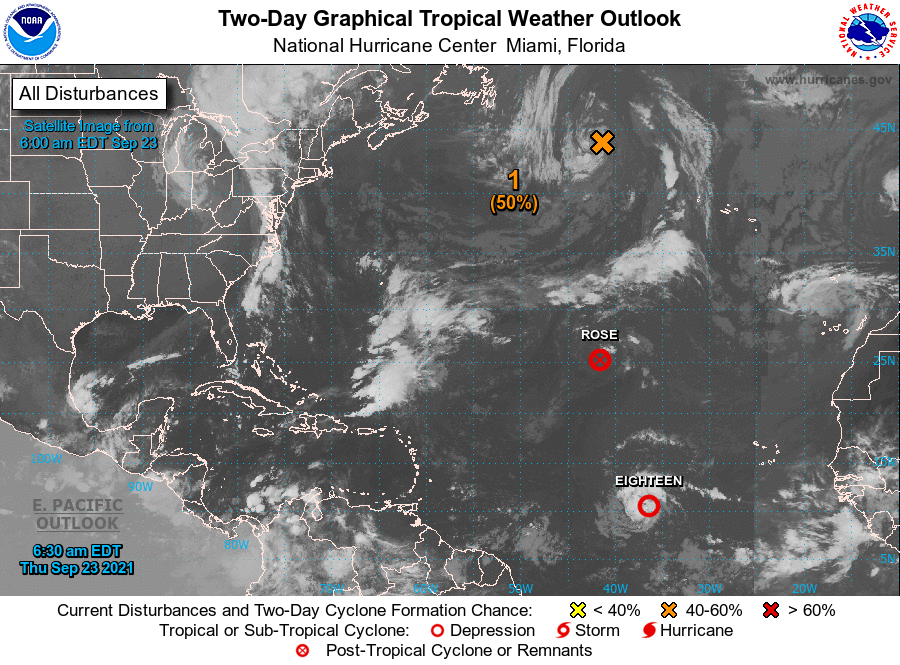
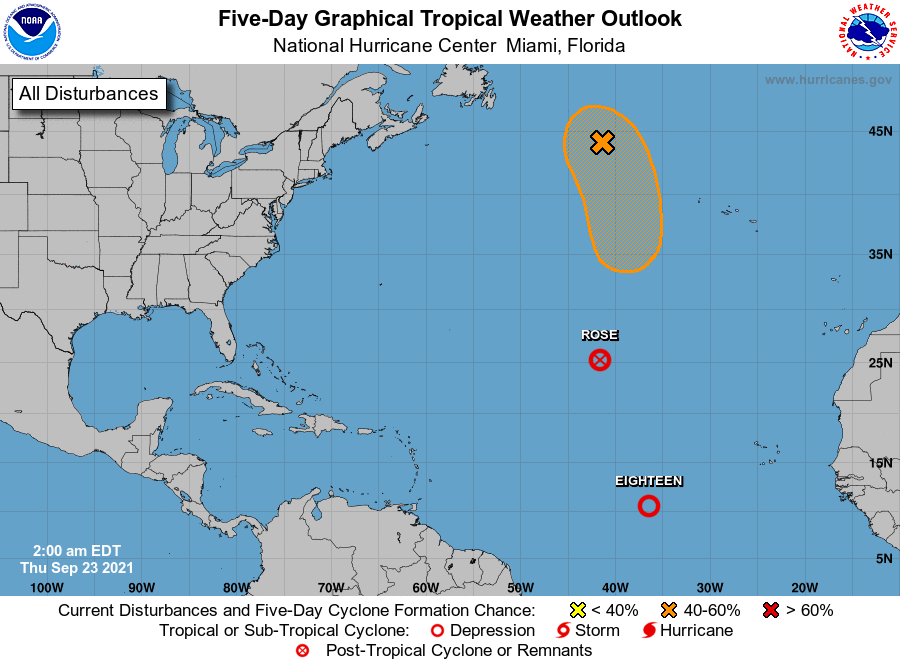
For the North Atlantic...Caribbean Sea and the Gulf of Mexico:

The National Hurricane Center is issuing advisories on Tropical Depression Rose, located about 1200 miles west-northwest of the Cabo Verde Islands, and on Tropical Depression Eighteen, located about 2000 miles east-southeast of the northern Leeward Islands.

The National Hurricane Center has issued the last advisory on the remnants of Peter, located a few hundred miles north of Puerto Rico.

1. A gale-force, non-tropical low pressure system, the remnants of Odette, is located about 600 miles west-northwest of the westernmost Azores. Showers and thunderstorms have increased a little near the low, and it could become a subtropical or tropical cyclone while it moves generally southward over marginally warmer waters during the next couple of days. Strong upper-level winds are expected to develop over the system this weekend, which should limit its development. Additional information on this system, including gale warnings, can be found in High Seas Forecasts issued by the National Weather Service.
* Formation chance through 48 hours...medium...50 percent.
* Formation chance through 5 days...medium...60 percent.

Public Advisories on Tropical Depression Eighteen are issued under WMO header WTNT33 KNHC and under AWIPS header MIATCPAT3. Forecast/Advisories on Tropical Depression Eighteen are issued under WMO header WTNT23 KNHC and under AWIPS header MIATCMAT3.

High Seas Forecasts issued by the National Weather Service can be found under AWIPS header NFDHSFAT1, WMO header FZNT01 KWBC, and online at ocean.weather.gov/shtml/NFDHSFAT1.php

Forecaster Cangialosi